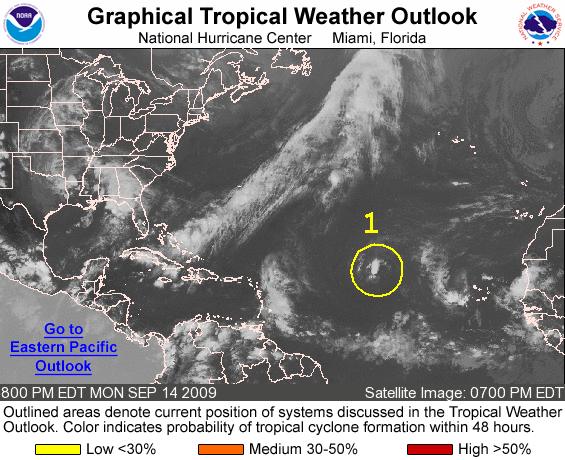
FOR THE NORTH ATLANTIC...CARIBBEAN SEA AND THE GULF OF MEXICO...

1. THE REMNANTS OF FRED ARE LOCATED ABOUT 1100 MILES WEST OF THE NORTHERNMOST CAPE VERDE ISLANDS. WHILE THIS SYSTEM MAY CONTINUE TO PRODUCE INTERMITTENT SHOWERS AND THUNDERSTORMS AS IT MOVES WEST- NORTHWESTWARD AT AROUND 15 MPH OVER THE NEXT COUPLE OF DAYS... ENVIRONMENTAL CONDITIONS ARE NOT CONDUCIVE FOR RE-DEVELOPMENT INTO A TROPICAL CYCLONE. THERE IS A LOW CHANCE...LESS THAN 30 PERCENT...OF THIS SYSTEM BECOMING A TROPICAL CYCLONE DURING THE NEXT 48 HOURS.

ADDITIONAL INFORMATION ON THIS SYSTEM CAN BE FOUND IN HIGH SEAS FORECASTS ISSUED BY THE NATIONAL WEATHER SERVICE...UNDER AWIPS HEADER NFDHSFAT1 AND WMO HEADER FZNT01 KWBC.

ELSEWHERE...TROPICAL CYCLONE FORMATION IS NOT EXPECTED DURING THE NEXT 48 HOURS.

FORECASTER BRENNAN